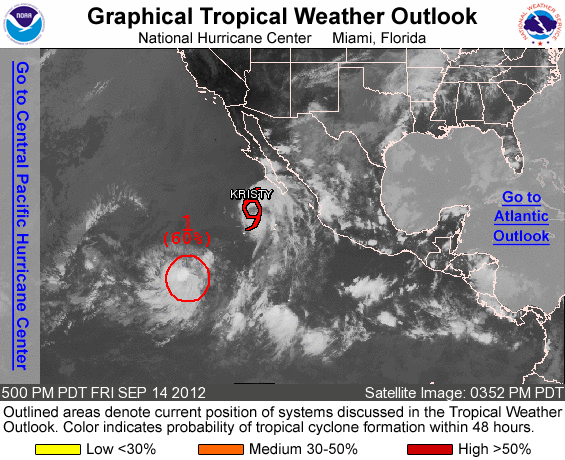
FOR THE EASTERN NORTH PACIFIC...EAST OF 140 DEGREES WEST LONGITUDE..

THE NATIONAL HURRICANE CENTER IS ISSUING ADVISORIES ON TROPICAL STORM KRISTY...LOCATED ABOUT 260 MILES SOUTHWEST OF THE SOUTHERN TIP OF BAJA CALIFORNIA.

1. SHOWERS AND THUNDERSTORMS CONTINUE NEAR A LOW PRESSURE AREA LOCATED ABOUT 1000 MILES SOUTHWEST OF THE SOUTHERN TIP OF BAJA CALIFORNIA. ENVIRONMENTAL CONDITIONS ARE EXPECTED TO BECOME MORE CONDUCIVE FOR A TROPICAL DEPRESSION TO FORM DURING THE NEXT DAY OR TWO. THIS SYSTEM HAS A HIGH CHANCE...60 PERCENT...OF BECOMING A TROPICAL CYCLONE DURING THE NEXT 48 HOURS AS IT MOVES SLOWLY TOWARD THE WEST OR WEST-NORTHWEST.

ELSEWHERE...TROPICAL CYCLONE FORMATION IS NOT EXPECTED DURING THE NEXT 48 HOURS.

FORECASTER BLAKE